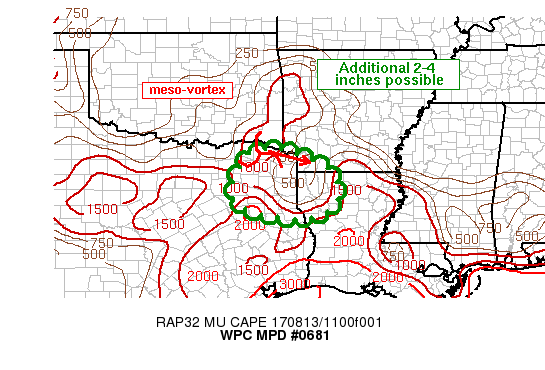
AREAS AFFECTED...SERN OK/NERN TX/SWRN AR/NWRN LA

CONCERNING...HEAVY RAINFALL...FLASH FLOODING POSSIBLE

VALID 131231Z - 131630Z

SUMMARY...AN ADDITIONAL 2-4 INCHES OF RAIN IS EXPECTED NEAR AND
SOUTH OF THE ARKLATEX WHICH MAY POSE A FEW ADDITIONAL FLASH FLOOD
CONCERNS...HOWEVER...THE THREAT APPEARS TO BE QUICKLY DIMINISHING.

DISCUSSION...KFWS RADAR INDICATED A MESO-VORTEX OVER RED RIVER
COUNTY IN NERN TX AT 12Z WHICH WAS TRACKING ESE AT AROUND 15 KT.
ENHANCED WLY FLOW OF UP TO 40-50 KT  ON THE SOUTH SIDE OF THE
VORTEX HAS HELPED SUSTAIN LINGERING RADAR ESTIMATED HEAVY RAINFALL
RATES OVER HUNT/HOPKINS COUNTIES NEAR 2 IN/HR FROM THE OVERNIGHT
MCS WHICH IMPACTED OK/TX OVERNIGHT. WHILE THE BAND OF HEAVY
TRAINING RAINFALL WHICH WENT ACROSS AREAS NORTH OF I-30 IN NERN TX
HAS BEEN DROPPING SOUTH OVER THE PAST 1-2 HOURS...A LINGERING
THREAT FOR TRAINING HEAVY RAINFALL REMAINS TO THE SOUTH OF THE
MESO-VORTEX.

THE 12Z FWD SOUNDING SHOWED ABOUT 1800 J/KG OF CAPE ALONG WITH A
PRECIPITABLE WATER VALUE OF 2.28 INCHES. WHILE WEAKER TO THE
EAST...THIS RESERVOIR OF INSTABILITY SHOULD BE SUFFICIENT TO
SUSTAIN RAINFALL RATES NEAR 2 IN/HR FOR ANOTHER 1-3 HOURS INTO
PORTIONS OF NERN TX AS THE REMAINING COMPLEX TRACKS ESEWD INTO
SWRN AR/NWRN LA WHILE LIKELY WEAKENING.

OLDER RUNS OF THE HRRR APPEAR TO HAVE A BETTER HANDLE ON THE
REMAINING AREAS OF HEAVY RAIN ACROSS TEXAS COMPARED TO NEWER RUNS
WHICH ARE FARTHER NORTH. AN ADDITIONAL 2-4 INCHES WILL BE POSSIBLE
AHEAD OF THE LINGERING MCS WHICH MAY CAUSE A FEW FLASH FLOOD
PROBLEMS...ESPECIALLY IN MORE SENSITIVE REGIONS WHICH HAVE
EXPERIENCED ABOVE AVERAGE RAINFALL OVER THE PAST WEEK.